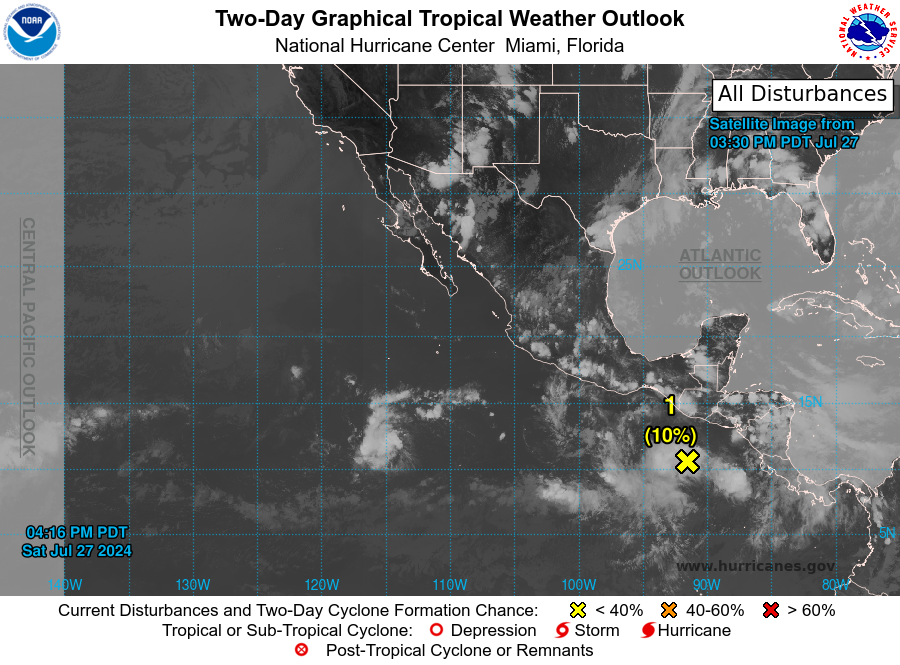
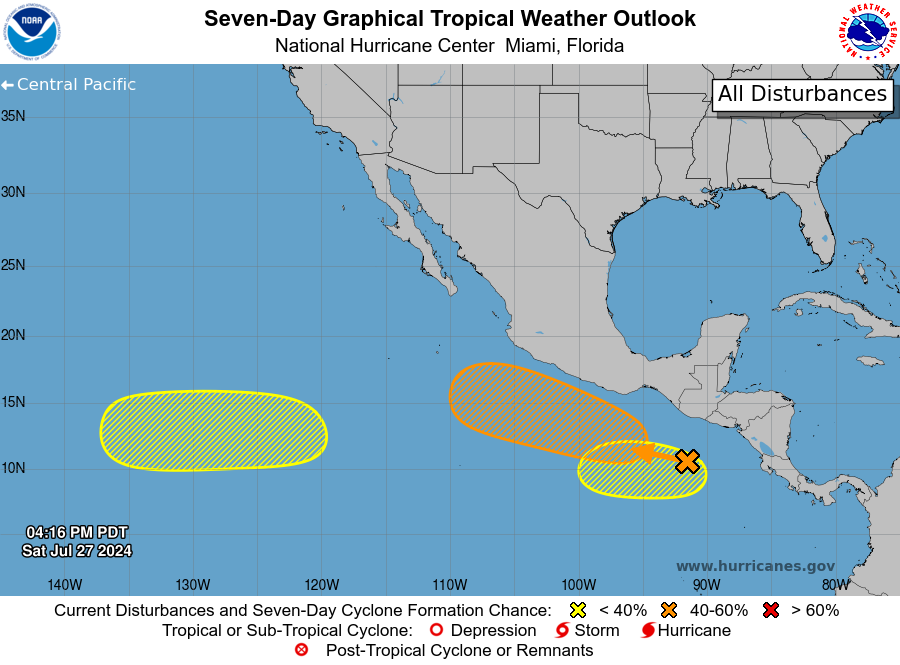
For the eastern North Pacific...east of 140 degrees west longitude:

1. South of Southern Mexico: A large area of shower and thunderstorm activity located a few hundred miles south of Guatemala and southern Mexico is associated with a tropical wave. Environmental conditions appear conducive for gradual development of this system, and a tropical depression could form during the early or middle part of next week. The system is forecast to move westward to west-northwestward at 10 to 15 mph during the next several days, remaining offshore of the southern coast of Mexico.
* Formation chance through 48 hours...low...10 percent.
* Formation chance through 7 days...medium...60 percent.

2. Western East Pacific: An area of low pressure could form by the middle of next week well to the southwest of the southern tip of the Baja California Peninsula. Some slow development of this system is possible during the middle and latter parts of the week while it moves westward to west-northwestward across the western portion of the basin.
* Formation chance through 48 hours...low...near 0 percent.
* Formation chance through 7 days...low...30 percent.

3. South of Central America and Southern Mexico: Another area of low pressure could form offshore of the coast of Central America and southern Mexico during the latter part of next week. Some gradual development of this system is possible thereafter while it moves generally westward.
* Formation chance through 48 hours...low...near 0 percent.
* Formation chance through 7 days...low...20 percent.

Forecaster Reinhart